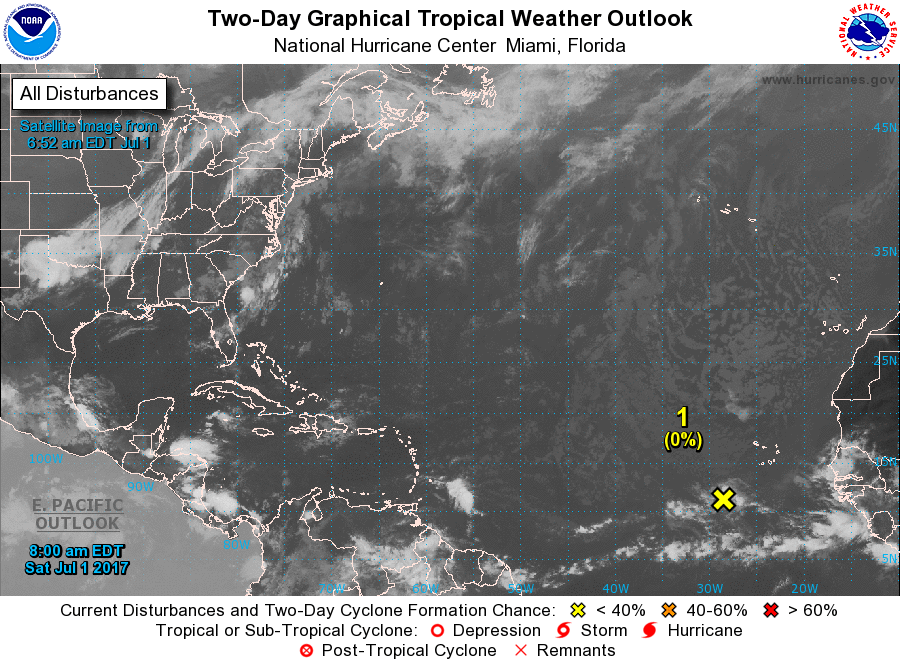
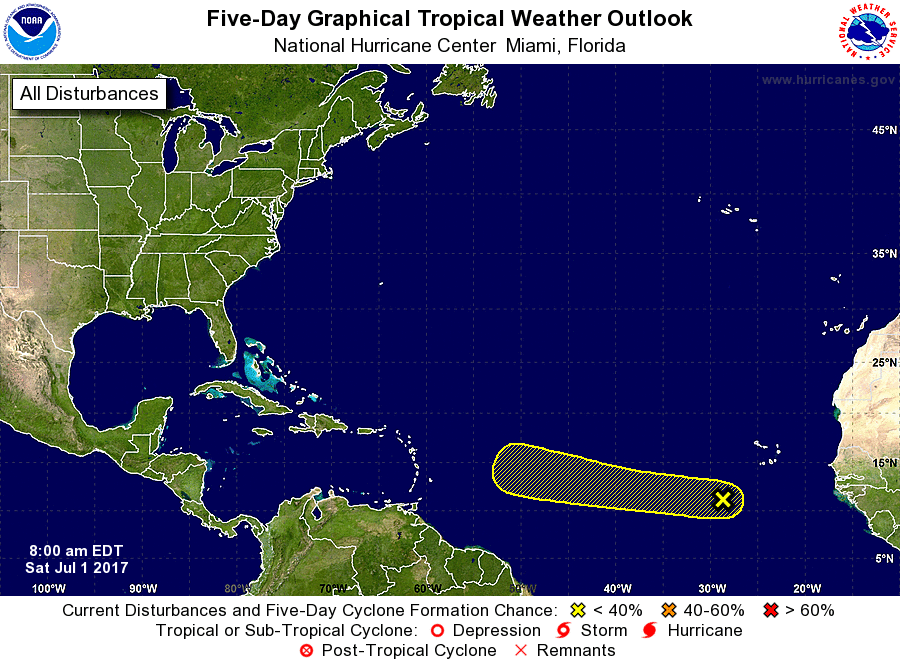
For the North Atlantic...Caribbean Sea and the Gulf of Mexico:

1. A tropical wave located about 400 miles southwest of the Cabo Verde Islands is producing an area of disorganized showers and thunderstorms. Environmental conditions are expected to be conducive for gradual development during the next several days while the disturbance moves westward at 10 to 15 mph.
* Formation chance through 48 hours...low...near 0 percent.
* Formation chance through 5 days...low...20 percent.

Forecaster Stewart